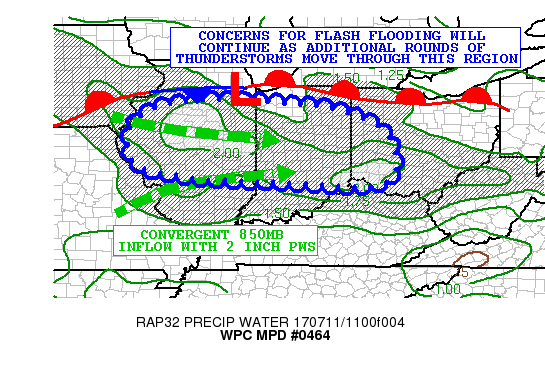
AREAS AFFECTED...CENTRAL IL...CENTRAL IN...WESTERN OH

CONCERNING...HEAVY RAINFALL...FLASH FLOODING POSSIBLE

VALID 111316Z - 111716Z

SUMMARY...THE THREAT FOR SOME ADDITIONAL FLASH FLOODING CONTINUES
AS MULTIPLE ROUNDS OF THUNDERSTORM ACTIVITY MOVE THROUGH THE
REGION DURING THE MID TO LATE MORNING HOURS.

DISCUSSION...CLUSTERS OF HEAVY SHOWERS AND THUNDERSTORMS CONTINUE
TO DEVELOP AND PERSIST ACROSS PORTIONS OF CENTRAL ILLINOIS AND
ALSO CENTRAL INDIANA THIS MORNING SOUTH OF A FRONTAL ZONE AND
SURFACE LOW.  ECHO TOPS OF 50KFT HAVE BEEN DEPICTED BY REGIONAL
DOPPLER RADARS AND THIS IS INDICATIVE OF VIGOROUS UPDRAFTS.
FAVORABLE INSTABILITY IS IN PLACE WITH MUCAPE ON THE ORDER OF 1500
TO 2000 J/KG AS DEPICTED BY THE LATEST SPC MESOANALYSIS.  COUPLED
WITH PWS NEAR 2 INCHES AND ABOUT 30 KNOTS OF CONVERGENT 850MB
INFLOW SOUTH OF A FRONTAL BOUNDARY IS CREATING A FAVORABLE
ENVIRONMENT FOR HEAVY RAINFALL AND TRAINING CONVECTION.  THE
THREAT OF FLASH FLOODING IS OF GREATER CONCERN FOR CENTRAL INDIANA
AS THE CONVECTION APPROACHING FROM ILLINOIS TRACKS OVER SATURATED
GROUND FROM THE STORMS THAT ARE CURRENTLY ONGOING.

CONDITIONS WILL LIKELY REMAIN CONDUCIVE FOR ADDITIONAL CONVECTION
TO DEVELOP AND LOCALLY BACKBUILD WITHIN THIS REGION THROUGH AT
LEAST MIDDAY.  RAINFALL RATES OF NEARLY 2 INCHES PER HOUR WILL BE
POSSIBLE WITH THE STRONGEST CONVECTION.  THE LATEST HI-RES
GUIDANCE APPEARS TO BE UNDERDONE WITH RAINFALL AMOUNTS, ESPECIALLY
WITH THE ACTIVITY CURRENTLY OVER INDIANA.  GIVEN THE PRIOR HEAVY
RAINFALL ACROSS PARTS OF THIS AREA, THE ADDITIONAL RAIN WILL
CONTINUE TO PROMOTE CONCERNS FOR RUNOFF AND FLASH FLOODING.